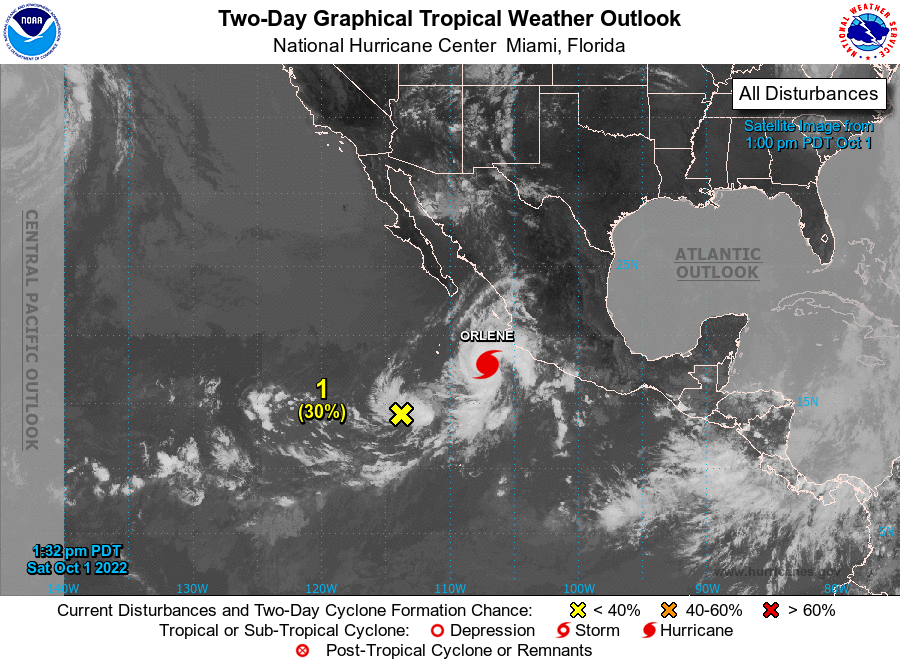
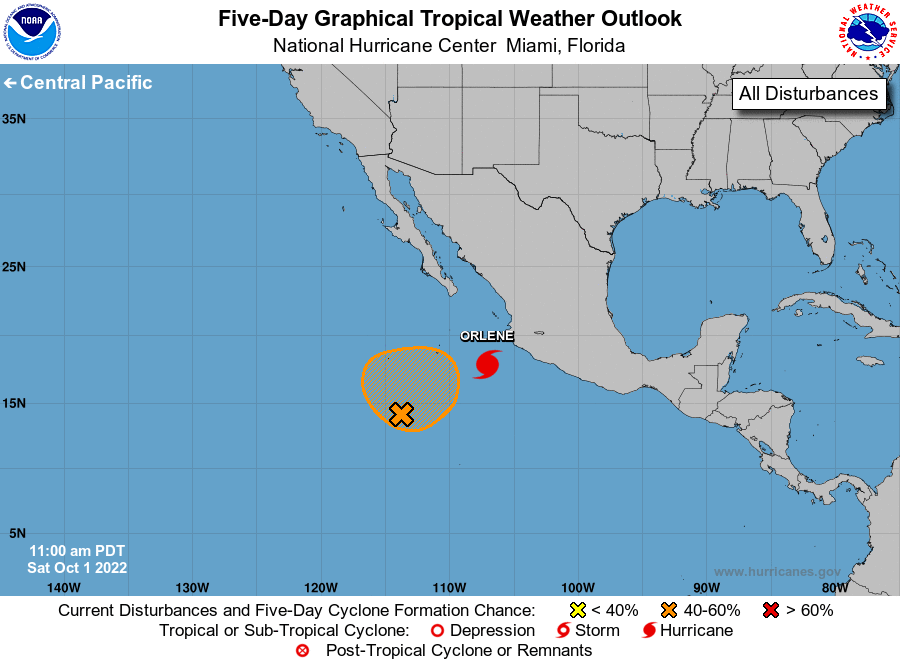
For the eastern North Pacific...east of 140 degrees west longitude:

Active Systems: The National Hurricane Center is issuing advisories on recently- upgraded Hurricane Orlene, located a couple hundred miles south-southwest of Cabo Corrientes, Mexico.

1. South-Southwest of the Baja California Peninsula: Shower activity associated with an area of disturbed weather located several hundred miles south-southwest of the southern tip of the Baja California peninsula has become a little better organized since yesterday. Additional slow development of this system is possible, and a tropical depression could form during the next several days as it moves slowly northeastward or northward.
* Formation chance through 48 hours...low...30 percent.
* Formation chance through 5 days...medium...40 percent.

Forecaster Beven